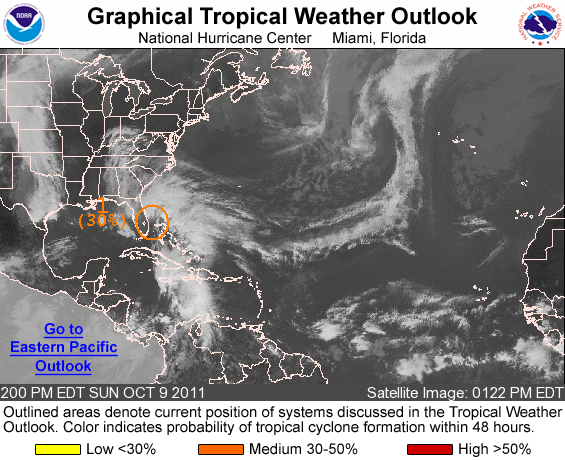
FOR THE NORTH ATLANTIC...CARIBBEAN SEA AND THE GULF OF MEXICO...

1. SURFACE OBSERVATIONS AND SATELLITE IMAGERY INDICATE THAT A LOW PRESSURE AREA HAS DEVELOPED ABOUT MIDWAY BETWEEN THE FLORIDA EAST COAST AND THE NORTHWESTERN BAHAMAS. THIS SYSTEM IS PRODUCING GALE-FORCE WINDS FROM NEAR THE EAST-CENTRAL FLORIDA COAST EASTWARD OVER THE ATLANTIC FOR SEVERAL HUNDRED MILES. SHOWER ACTIVITY HAS BECOME A LITTLE MORE CONCENTRATED NEAR THE LOW PRESSURE CENTER OVER THE PAST SEVERAL HOURS...AND SOME DEVELOPMENT IS STILL POSSIBLE AS THE DISTURBANCE MOVES WEST-NORTHWESTWARD AT AROUND 10 MPH ACROSS THE CENTRAL FLORIDA PENINSULA AND INTO THE EASTERN GULF OF MEXICO DURING THE NEXT DAY OR SO. THIS SYSTEM HAS A MEDIUM CHANCE...30 PERCENT...OF BECOMING A SUBTROPICAL CYCLONE DURING THE NEXT 48 HOURS. REGARDLESS OF DEVELOPMENT...STRONG GUSTY WINDS AND LOCALLY HEAVY RAINFALL ARE EXPECTED OVER PORTIONS OF THE BAHAMAS AND THE SOUTHEASTERN UNITED STATES TODAY AND MONDAY. FOR ADDITIONAL INFORMATION SPECIFIC TO YOUR AREA...PLEASE SEE STATEMENTS ISSUED BY YOUR LOCAL WEATHER OFFICE.

ELSEWHERE...TROPICAL CYCLONE FORMATION IS NOT EXPECTED DURING THE NEXT 48 HOURS.

FORECASTER KIMBERLAIN/STEWART